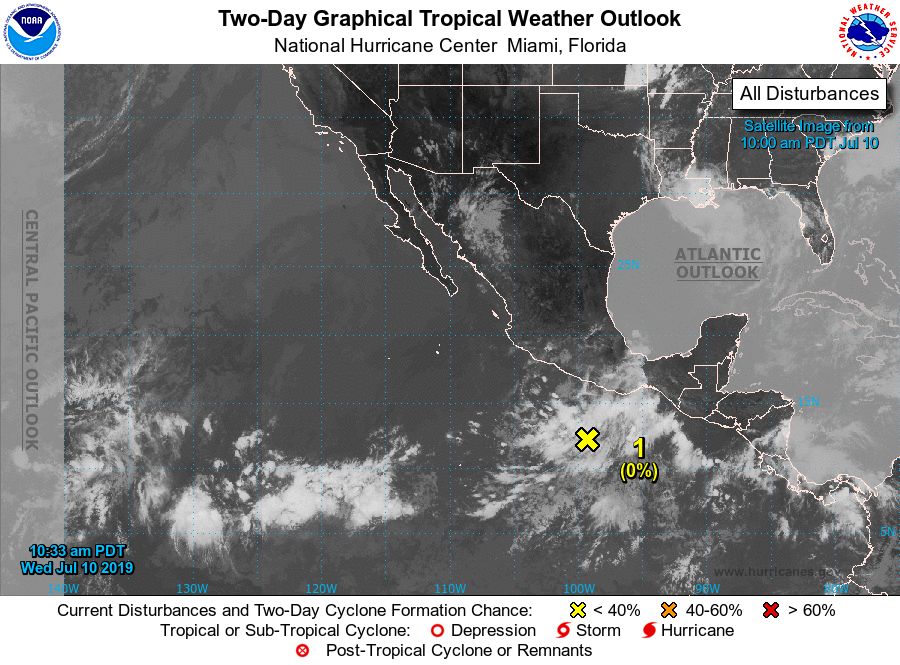
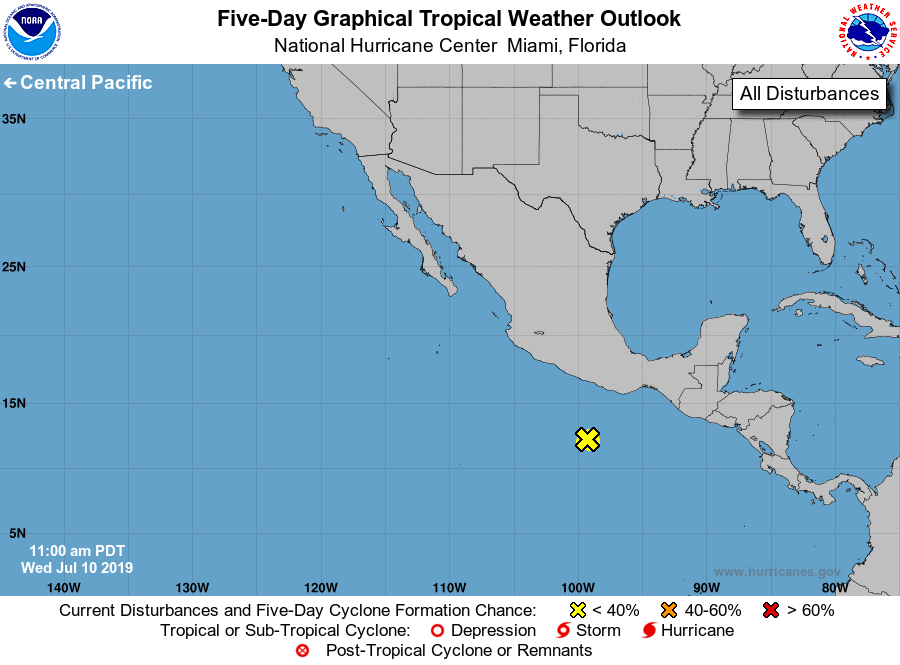
For the eastern North Pacific...east of 140 degrees west longitude:

1. Disorganized showers and thunderstorms located several hundred miles south of the southern coast of Mexico are associated with a tropical wave and a weak area of low pressure. Environmental conditions are not expected to be conducive for development during the next several days while it moves westward to west-northwestward well offshore of the southern coast of Mexico.
* Formation chance through 48 hours...low...near 0 percent.
* Formation chance through 5 days...low...near 0 percent.

Forecaster Beven